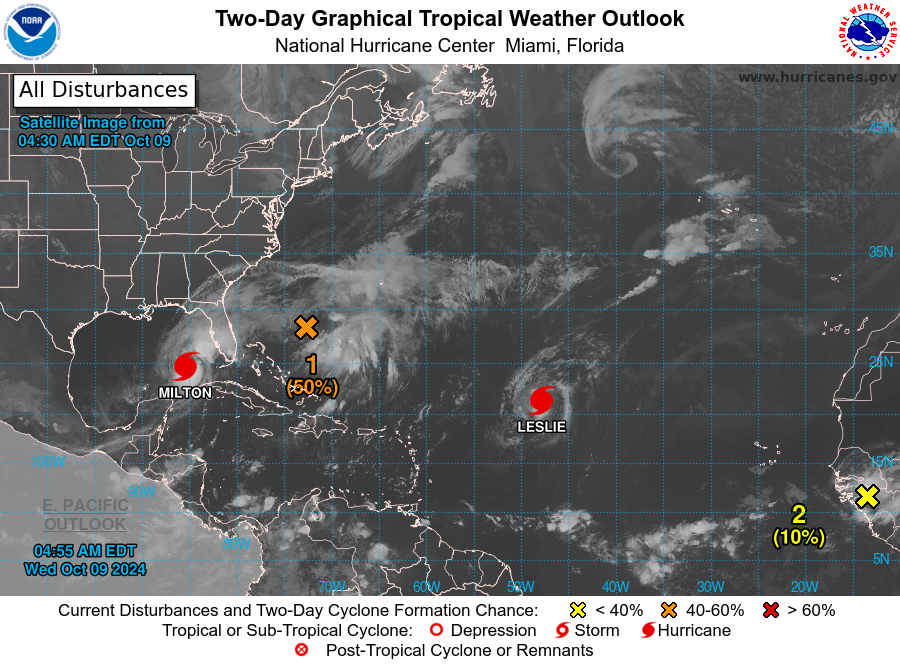
For the North Atlantic...Caribbean Sea and the Gulf of Mexico:

Active Systems: The National Hurricane Center is issuing advisories on Hurricane Leslie, located over the central subtropical Atlantic Ocean, and on Hurricane Milton, located over the southern Gulf of Mexico.

1. Southwestern Atlantic (AL93): Showers and thunderstorms associated with a gale-force non-tropical low pressure system located northeast of the northwestern Bahamas continue to become better organized. Although environmental conditions appear only marginally favorable for additional development, a short-lived tropical or subtropical storm could form today or this evening while the low moves northeastward to east-northeastward at around 15 mph. Upper-level winds are forecast to increase later tonight, which should limit any chances for further development. Additional information on this system, including gale warnings, can be found in High Seas Forecasts issued by the National Weather Service.
* Formation chance through 48 hours...medium...50 percent.
* Formation chance through 7 days...medium...50 percent.

2. Eastern Tropical Atlantic: A tropical wave is expected to move off the west coast of Africa in the next couple of days. Afterward, environmental conditions appear only marginally favorable for some limited development of this system while it moves westward or west-northwestward across the eastern tropical Atlantic and through the Cabo Verde Islands late Thursday into Friday.
* Formation chance through 48 hours...low...10 percent.
* Formation chance through 7 days...low...10 percent.

High Seas Forecasts are issued by the National Weather Service under AWIPS header NFDHSFAT1 and WMO header FZNT01 KWBC, and online at ocean.weather.gov/shtml/NFDHSFAT1.php

Forecaster Roberts